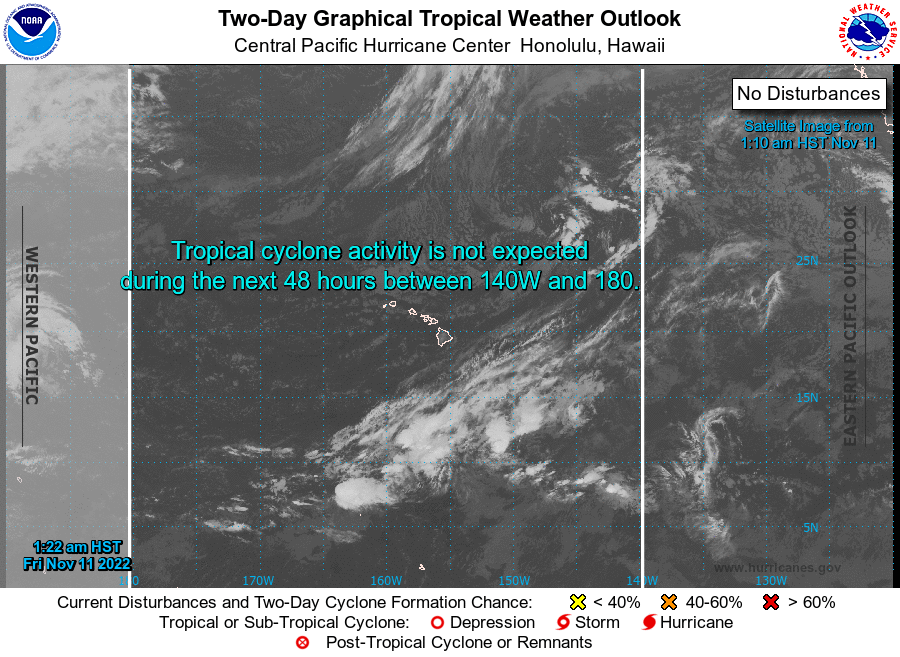
For the central North Pacific...between 140W and 180W:

No tropical cyclones are expected during the next 5 days.

Forecaster Blood